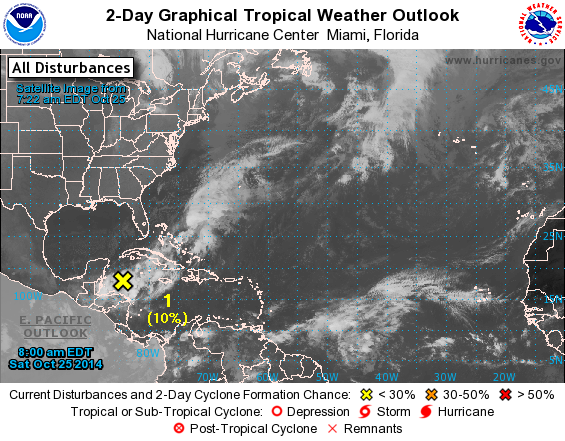
For the North Atlantic...Caribbean Sea and the Gulf of Mexico:

1. A broad area of low pressure over the northwestern Caribbean Sea is associated with the remnants of Tropical Depression Nine and a cold front. This system is producing disorganized showers and thunderstorms, and redevelopment, if any, will be slow to occur while it meanders for the next few days.
* Formation chance through 48 hours...low...10 percent.
* Formation chance through 5 days...low...20 percent.

Forecaster Berg